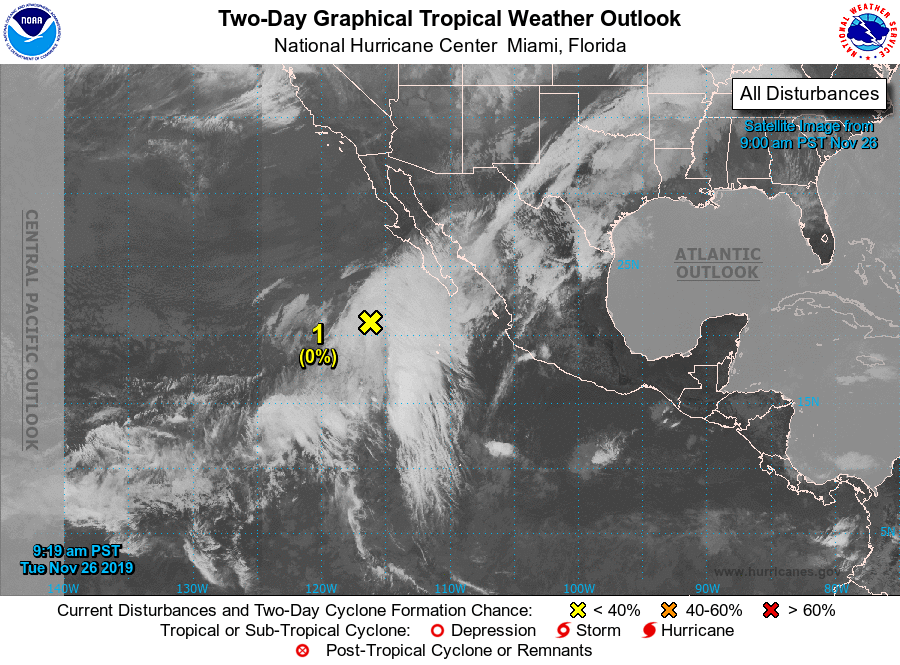
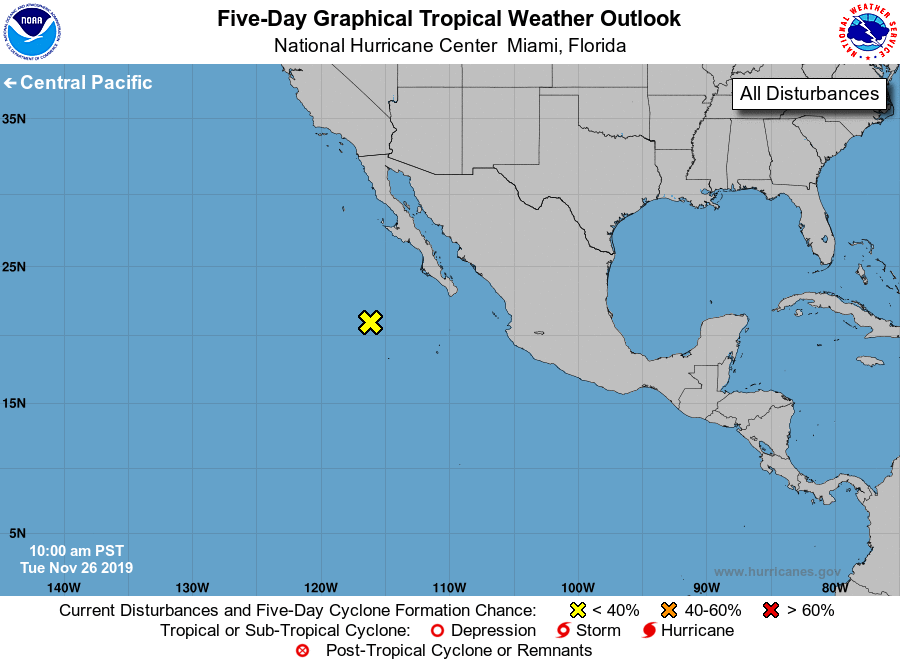
For the eastern North Pacific...east of 140 degrees west longitude:

1. A broad low pressure system is producing a large area of disorganized showers and thunderstorms from the Baja California peninsula southwestward over the eastern Pacific for several hundred miles. Although this system is not expected to become a tropical cyclone, it will likely produce heavy rains and strong winds over portions of the Baja California peninsula, the Gulf of California, and northwestern Mexico during the next day or two. This rainfall could cause life-threatening flash floods and mudslides. For additional information on the rainfall threat in Mexico, please see products issued by the Mexican Weather Service. For information on marine hazards, see High Seas Forecasts issued by the National Weather Service.
* Formation chance through 48 hours...low...near 0 percent.
* Formation chance through 5 days...low...near 0 percent.

High Seas Forecasts issued by the National Weather Service can be found under AWIPS header NFDHSFEPI, WMO header FZPN02 KWBC, and on the web at ocean.weather.gov/shtml/NFDHSFEPI.php

Information on the rainfall threat in Mexico from CONAGUA can be found on the web at www.gob.mx/conagua

Forecaster Cangialosi/Blake